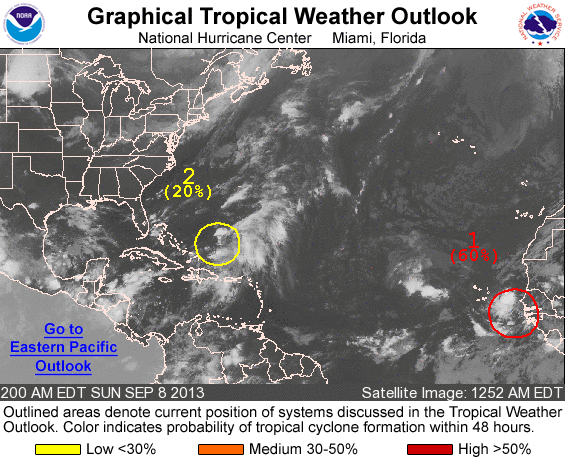
FOR THE NORTH ATLANTIC...CARIBBEAN SEA AND THE GULF OF MEXICO...

1. A WELL-DEFINED LOW PRESSURE SYSTEM IS LOCATED ABOUT 350 MILES EAST-SOUTHEAST OF THE SOUTHERN CAPE VERDE ISLANDS. ALTHOUGH ASSOCIATED THUNDERSTORM ACTIVITY IS CURRENTLY DISPLACED WELL TO THE NORTHWEST OF THE CENTER...CONDITIONS APPEAR FAVORABLE FOR SOME FURTHER DEVELOPMENT...AND A TROPICAL DEPRESSION COULD FORM IN THE NEXT DAY OR TWO AS THE DISTURBANCE MOVES WEST-NORTHWESTWARD AT ABOUT 10 MPH. THIS SYSTEM HAS A HIGH CHANCE...60 PERCENT...OF BECOMING A TROPICAL CYCLONE DURING THE NEXT 48 HOURS...AND A HIGH CHANCE...90 PERCENT...OF BECOMING A TROPICAL CYCLONE DURING THE NEXT 5 DAYS. INTERESTS IN THE CAPE VERDE ISLANDS SHOULD MONITOR THE PROGRESS OF THIS SYSTEM...AS TROPICAL STORM WATCHES OR WARNINGS COULD BE REQUIRED. REGARDLESS OF TROPICAL CYCLONE FORMATION...HEAVY RAINFALL AND GUSTY WINDS ARE POSSIBLE IN THE CAPE VERDE ISLANDS LATER TODAY.

2. DISORGANIZED SHOWER ACTIVITY IS ASSOCIATED WITH A BROAD LOW PRESSURE AREA...THE REMNANTS OF GABRIELLE...LOCATED A COUPLE HUNDRED MILES NORTHEAST OF THE SOUTHEASTERN BAHAMAS. UPPER-LEVEL WINDS ARE CURRENTLY UNFAVORABLE FOR DEVELOPMENT...BUT THEY COULD BECOME A LITTLE MORE CONDUCIVE IN A FEW DAYS WHILE THE LOW MOVES NORTHWARD OR NORTHEASTWARD AHEAD OF A COLD FRONT OVER THE WESTERN ATLANTIC OCEAN. THIS SYSTEM HAS A LOW CHANCE...20 PERCENT...OF BECOMING A TROPICAL CYCLONE DURING THE NEXT 48 HOURS...AND A MEDIUM CHANCE... 40 PERCENT...OF BECOMING A TROPICAL CYCLONE DURING THE NEXT 5 DAYS.

OTHER SYSTEMS WITH DEVELOPMENT POTENTIAL BEYOND 48 HOURS...

A TROUGH OF LOW PRESSURE COULD FORM OVER THE EXTREME SOUTHWESTERN GULF OF MEXICO AND BAY OF CAMPECHE IN A FEW DAYS...AND SOME DEVELOPMENT OF THIS SYSTEM IS POSSIBLE BY MIDWEEK. THIS SYSTEM HAS A LOW CHANCE...NEAR 0 PERCENT...OF BECOMING A TROPICAL CYCLONE DURING THE NEXT 48 HOURS...AND A LOW CHANCE...20 PERCENT...OF BECOMING A TROPICAL CYCLONE DURING THE NEXT 5 DAYS.

FIVE-DAY FORMATION PROBABILITIES ARE EXPERIMENTAL IN 2013. COMMENTS ON THE EXPERIMENTAL FORECASTS CAN BE PROVIDED AT...

HTTP://WWW.NWS.NOAA.GOV/SURVEY/NWS-SURVEY.PHP?CODE=ETWO

FORECASTER STEWART